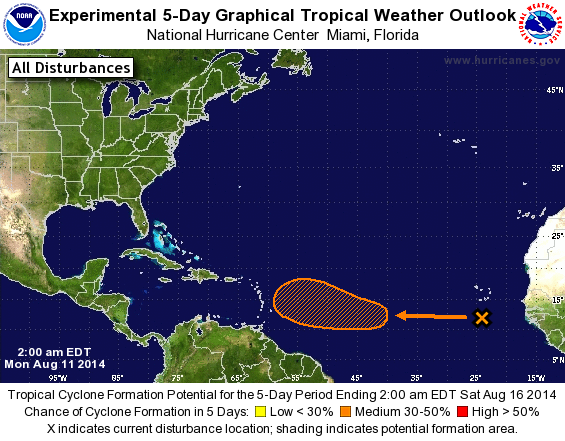
For the North Atlantic...Caribbean Sea and the Gulf of Mexico:

1. Shower activity has decreased in association with a broad area of low pressure located a couple hundred miles south of the Cape Verde Islands. Some gradual development of this system is still possible in a few days after it encounters a more conducive environment while it moves westward at about 15 mph.
* Formation chance through 48 hours...low...near 0 percent.
* Formation chance through 5 days...medium...30 percent.

Forecaster Blake